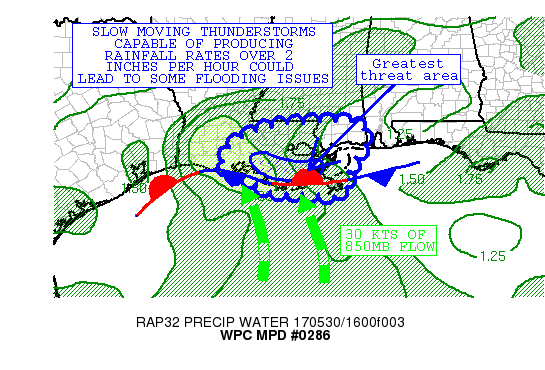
AREAS AFFECTED...SOUTHEAST LOUISIANA AND SOUTHERN MISSISSIPPI

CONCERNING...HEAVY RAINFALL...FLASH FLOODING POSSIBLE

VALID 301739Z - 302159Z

SUMMARY...THUNDERSTORMS PRODUCING HEAVY RAINFALL RATES ARE
EXPECTED TO CONTINUE ACROSS SOUTHERN LOUISIANA AND EVENTUALLY
EXTREME SOUTHERN MISSISSIPPI THROUGH THE EARLY TO MID AFTERNOON
HOURS.  FLASH FLOODING REMAINS POSSIBLE WITH THE MOST PERSISTENT
CONVECTION.

DESCRIPTION...REGIONAL RADARS INDICATE SLOW MOVING THUNDERSTORMS
PRODUCING RAINFALL RATES OF 2-3 INCHES PER HOUR MOVING INLAND FROM
THE NORTHERN GULF OF MEXICO.  THIS CONVECTION IS FORECAST TO
SLOWLY MOVE EASTWARD OVER SOUTHEAST LOUISIANA THROUGH THE
AFTERNOON HOURS.  THE HEAVIEST RAINFALL RATES AND FLASH FLOOD
POTENTIAL IS LIKELY SOUTH OF INTERSTATE 12.  THE STATIONARY
FRONTAL BOUNDARY NEAR THE COAST WILL PROVIDE A LIFTING MECHANISM
AND THUS ENHANCED MOISTURE CONVERGENCE.

SURFACE DEW POINTS ARE IN THE MID TO UPPER 70S SOUTH OF THIS
BOUNDARY, WITH THE LATEST SPC MESOANALYSIS INDICATING PWS OF 1.8
TO 2.1 INCHES.  THE LATEST RAP MODEL SHOWS PWS REMAINING NEAR 2
INCHES AS MOISTURE POOLS ALONG AND SOUTH OF THIS FRONT.  THE RAP
AND SPC MESOANALYSIS ALSO SHOW SURFACE BASED CAPES OF 2000-3000
J/KG OVER THE NEXT FEW HOURS NEAR AND JUST INLAND FROM THE COAST.
THE 16Z HRRR SHOWS ADDITIONAL RAINFALL ACCUMULATIONS OF LOCALLY 2
TO 4 INCHES WITHIN THE HIGHLIGHTED AREA BY 5 PM LOCAL TIME, WITH
ADDITIONAL HEAVY RAINFALL POSSIBLE DURING THE EVENING HOURS.